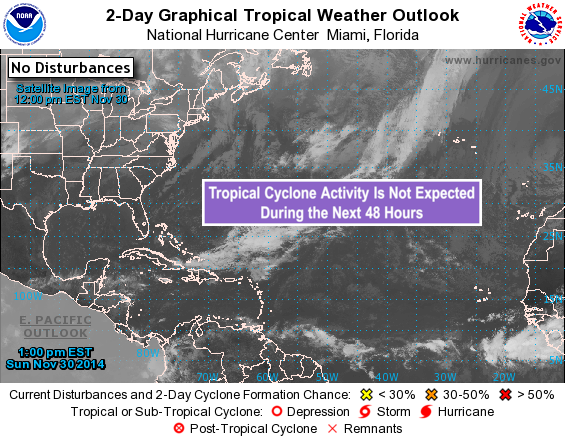
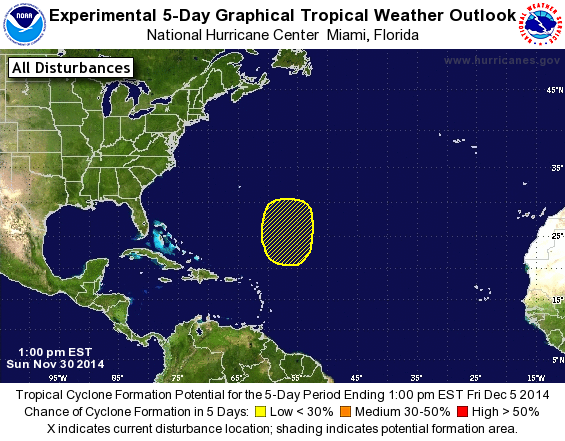
For the North Atlantic...Caribbean Sea and the Gulf of Mexico:

1. A non-tropical low pressure area could develop a few hundred miles northeast of the northern Leeward Islands by Thursday or Friday. This system could gradually acquire subtropical characteristics while it moves slowly northward to north-northeastward.
* Formation chance through 48 hours...low...near 0 percent.
* Formation chance through 5 days...low...20 percent.

Forecaster Stewart